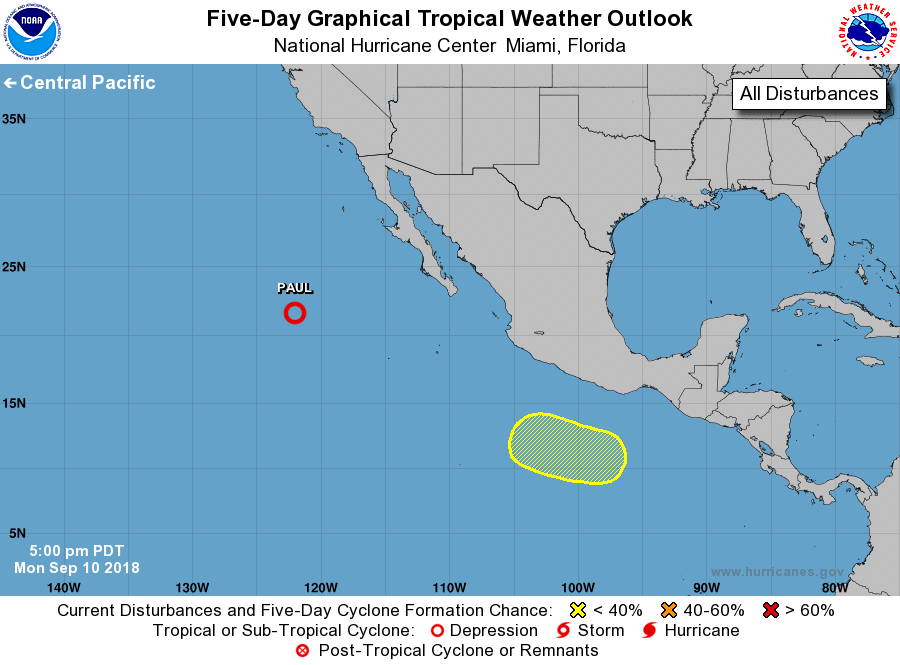
For the eastern North Pacific...east of 140 degrees west longitude:

The National Hurricane Center is issuing advisories on Tropical Storm Paul, located several hundred miles west of the southern tip of the Baja California peninsula.

1. An area of low pressure is expected to develop well south of the southwestern coast of Mexico in a few days. Some gradual development is possible after that time while the system moves generally westward to west-northwestward.
* Formation chance through 48 hours...low...near 0 percent.
* Formation chance through 5 days...low...20 percent.

Forecaster Zelinsky